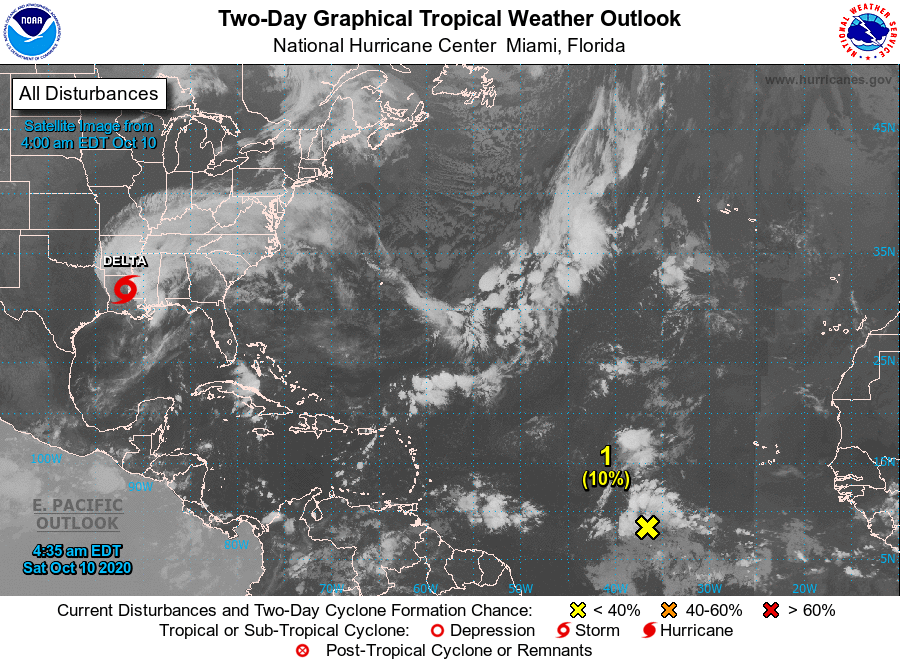
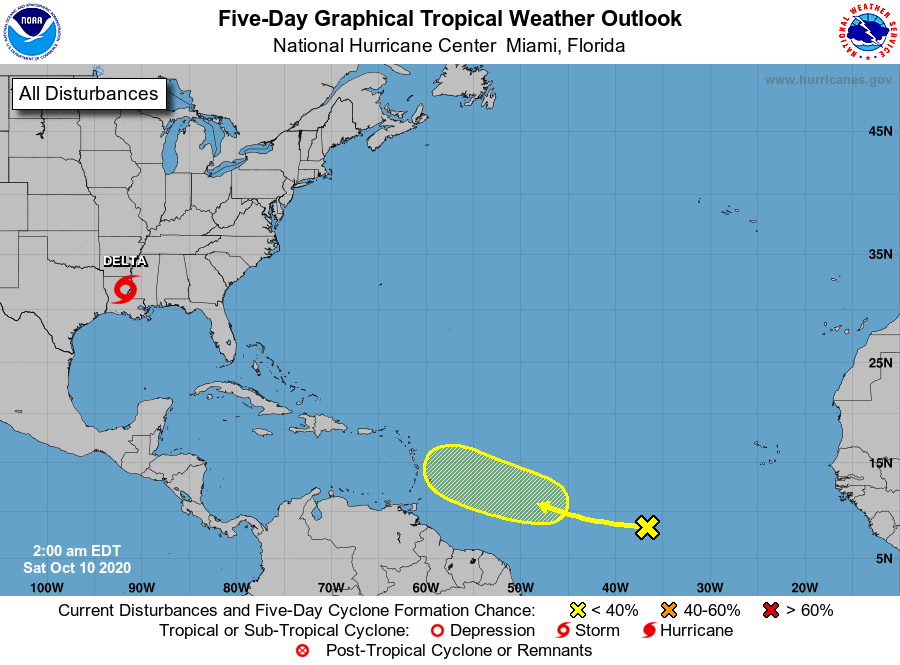
For the North Atlantic...Caribbean Sea and the Gulf of Mexico:

The National Hurricane Center is issuing advisories on Tropical Storm Delta, centered inland over central Louisiana.

1. A westward moving tropical wave is producing disorganized showers and thunderstorms over the central tropical Atlantic. Slow development of this system could be possible later this weekend or early next week while the wave continues moving westward at 15 to 20 mph. Upper-level winds are forecast to become unfavorable for further development by the middle of next week.
* Formation chance through 48 hours...low...10 percent.
* Formation chance through 5 days...low...20 percent.

Forecaster Zelinsky